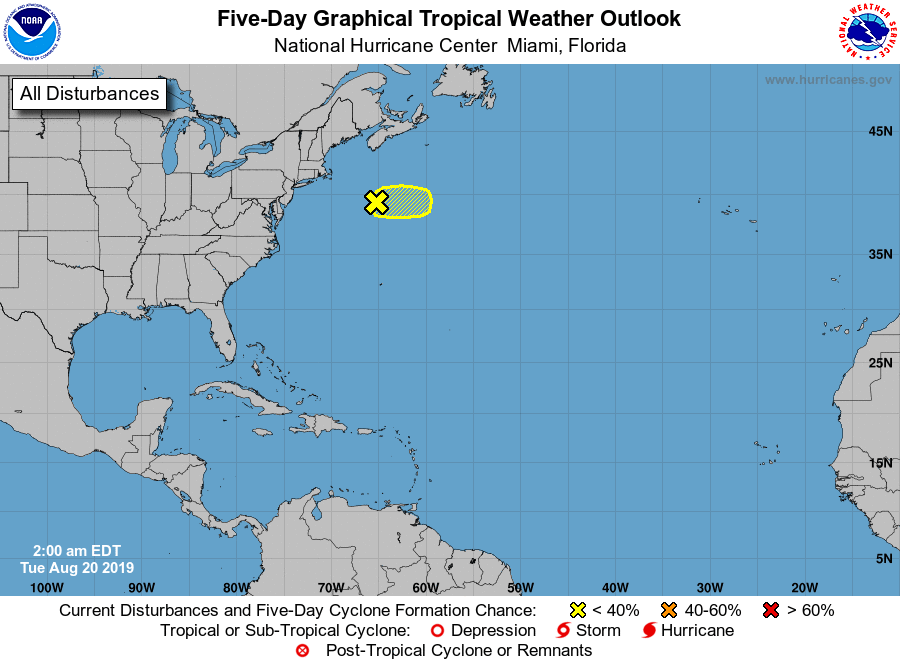
For the North Atlantic...Caribbean Sea and the Gulf of Mexico:

1. A well-defined low pressure system located more than 300 miles south-southwest of Halifax, Nova Scotia, continues to produce a small area of thunderstorms northeast of the center. Significant development of this low is unlikely as it moves eastward at 15 to 20 mph, away from the United States and Canada. Additional information on this system can be found in High Seas Forecasts issued by the National Weather Service, under AWIPS header NFDHSFAT1, WMO header FZNT01 KWBC, and online at ocean.weather.gov/shtml/NFDHSFAT1.php .
* Formation chance through 48 hours...low...10 percent.
* Formation chance through 5 days...low...10 percent.

Forecaster Stewart